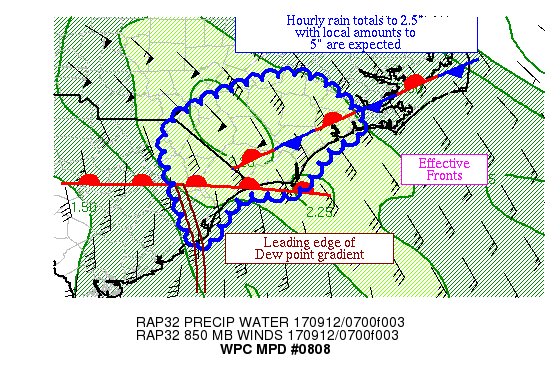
AREAS AFFECTED...NORTHEAST SC & SOUTHEAST NC

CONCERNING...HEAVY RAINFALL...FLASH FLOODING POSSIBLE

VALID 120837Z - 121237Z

SUMMARY...OCCASIONAL BANDS ARE EXPECTED TO ORGANIZE AS THEY MOVE
IN FROM THE ATLANTIC.  HOURLY RAIN TOTALS TO 2.5" WITH LOCAL
AMOUNTS TO 5" ARE EXPECTED.

DISCUSSION...THE OCCLUDED CYCLONE ASSOCIATED WITH POST-TROPICAL
CYCLONE IRMA IS MOVING INTO EAST-CENTRAL AL PER THE 08Z SURFACE
OBSERVATIONS.  A DRY SLOT CONTINUES TO MAKE INROADS THROUGH THE
CAROLINAS INTO SOUTHWEST VA PER WATER VAPOR IMAGERY.  WELL TO ITS
EAST ARE TWO BOUNDARIES WITHIN THE CYCLONE'S WARM SECTOR; ONE WITH
THE LEADING EDGE OF THE THERMAL GRADIENT INSIDE SOUTHWEST SC (THE
LEADING EDGE OF A STRATUS FIELD WHICH IS THE BACKSIDE OF THE
INSTABILITY FIELD) AND THE OTHER SHOWING OFF THE LEADING EDGE OF
THE DEW POINT GRADIENT WITH SOME SURFACE WIND CONVERGENCE
EXTENDING FROM KINGSTREE AND MCCLELLANVILLE OFFSHORE INTO THE
WESTERN SUBTROPICAL ATLANTIC NEAR THE 79TH MERIDIAN (WHICH SHOWS
UP AS A LOW-CLOUD LINE).  TO THE EAST OF THIS CLOUD LINE, ONE
CONVECTIVE BAND DROPPED HEAVY RAINFALL NEAR AND SOUTHWEST OF
BRUNSWICK NC WITH HOURLY RAIN TOTALS TO 2.5", AND ANOTHER WITH
INCREASING RAIN RATES IS POISED TO MOVE ASHORE NEAR CAPE FEAR.
INFLOW AT 850 HPA IS CONVERGENT AT 35-50 KTS PER RAP MASS FIELDS,
SLIGHTLY IN EXCESS OF THE MEAN 850-400 HPA WIND.  PRECIPITABLE
WATER VALUES ARE 1.5-2" PER GPS DATA.  MU CAPE VALUES OF 500-1000
J/KG LIE NEAR AND JUST OFFSHORE THE COAST.

THE SATURATED ATMOSPHERE SHOULD CONTINUE TO MAKE THE MOST OF THE
LIMITED INSTABILITY AVAILABLE, WITH OCCASIONAL CONVECTIVE BANDS
DROPPING 2.5" IN AN HOUR.  THE MESOSCALE GUIDANCE SHOWS A STRONG
SIGNAL FOR 5" THROUGH 14Z.  HOWEVER, THE BOUNDARY LAYER MOISTURE
CONVERGENCE WEAKENS IN THIS REGION, PARTICULARLY AFTER 12Z WITHIN
RAP MASS FIELDS.  THE 00Z SSEO NEIGHBORHOOD PROBABILITIES AGREE
WITH THE RAP, INDICATING THAT A 50%+ CHANCE OF EXCEEDING THE THREE
HOUR FLASH FLOOD GUIDANCE VIRTUALLY DISAPPEARS AFTER 12Z.  USED A
FOUR HORIZON FOR THE MESOSCALE PRECIPITATION DISCUSSION DUE TO THE
ABOVE.